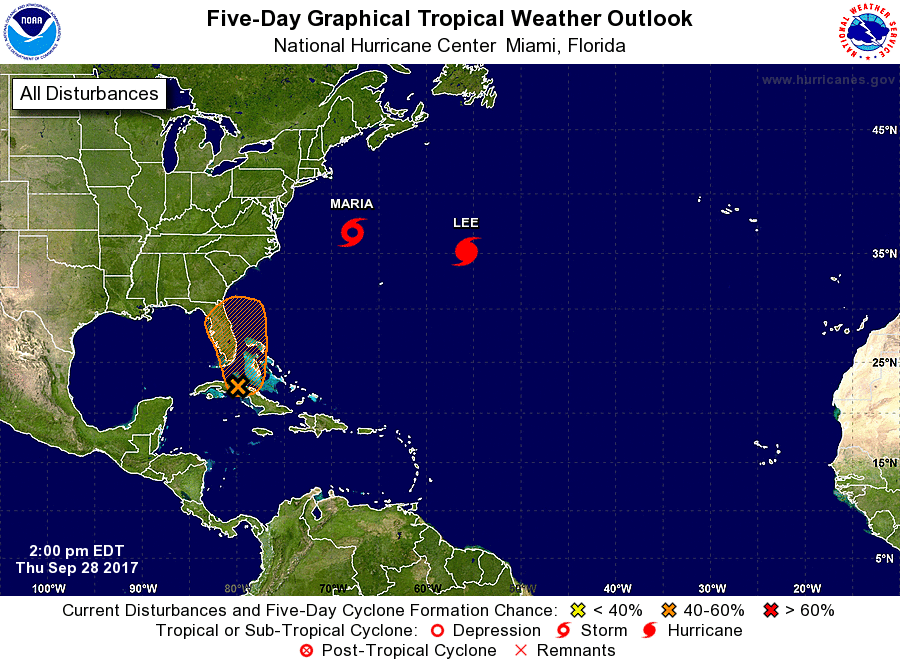
For the North Atlantic...Caribbean Sea and the Gulf of Mexico:

The National Hurricane Center is issuing advisories on Tropical Storm Maria, located a few hundred miles east-northeast of Cape Hatteras, North Carolina, and on Hurricane Lee, located over the central Atlantic Ocean several hundred miles east of Bermuda.

1. A large area of cloudiness and showers extending from the Cayman Islands northward across Cuba to the Florida Straits is associated with a broad surface trough interacting with an upper-level low. A weak area of low pressure is likely to form from this weather system while it moves northward across the Florida Straits to near the east coast of the Florida peninsula during the next few days, and environmental conditions appear conducive for development before upper-level winds become less favorable early next week. Regardless of development, this system is likely to produce locally heavy rainfall over portions of central and western Cuba, the Florida Keys, the Florida peninsula, and the northwestern Bahamas during the next several days.
* Formation chance through 48 hours...low...30 percent.
* Formation chance through 5 days...medium...50 percent.

Forecaster Stewart